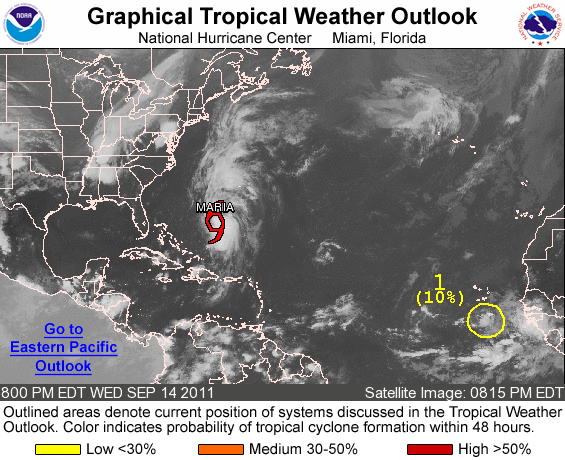
FOR THE NORTH ATLANTIC...CARIBBEAN SEA AND THE GULF OF MEXICO...

THE NATIONAL HURRICANE CENTER IS ISSUING ADVISORIES ON TROPICAL STORM MARIA...LOCATED ABOUT 430 MILES SOUTHWEST OF BERMUDA.

1. AN AREA OF CLOUDINESS AND SHOWERS LOCATED A COUPLE OF HUNDRED MILES SOUTH OF THE SOUTHERN CAPE VERDE ISLANDS IS ASSOCIATED WITH A TROPICAL WAVE. DEVELOPMENT...IF ANY...OF THIS DISTURBANCE IS EXPECTED TO BE SLOW TO OCCUR AS IT MOVES GENERALLY WESTWARD AT 10 TO 15 MPH. THIS SYSTEM HAS A LOW CHANCE...10 PERCENT...OF BECOMING A TROPICAL CYCLONE DURING THE NEXT 48 HOURS.

ELSEWHERE...TROPICAL CYCLONE FORMATION IS NOT EXPECTED DURING THE NEXT 48 HOURS.

FORECASTER KIMBERLAIN